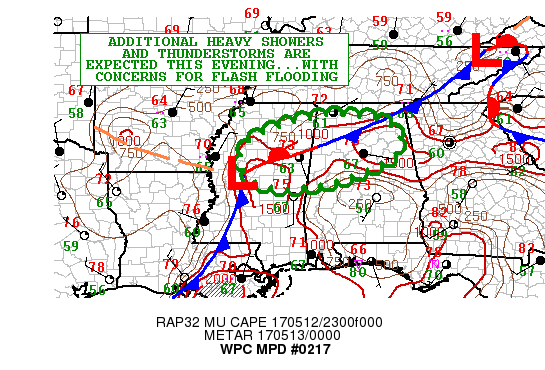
AREAS AFFECTED...NORTHERN MS...NORTHERN AL

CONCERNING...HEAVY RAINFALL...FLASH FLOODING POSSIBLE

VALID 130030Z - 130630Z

SUMMARY...SLOW-MOVING THUNDERSTORMS WITH HEAVY RAINFALL RATES UP
TO 2 INCHES/HR WILL CAUSE SOME CONCERNS FOR FLASH FLOODING THROUGH
THE EVENING HOURS.

DISCUSSION...NUMEROUS SHOWERS AND THUNDERSTORMS ARE FOCUSING NEAR
A QUASI-STATIONARY FRONT OVER NORTHERN MS AND OUT AHEAD OF THE
APPROACHING COMPACT MID LEVEL LOW CENTER NOW EXITING AR AND MOVING
INTO MS. MLCAPE VALUES ARE GENERALLY NEAR 1000 J/KG ALONG THE
AFOREMENTIONED FRONT WHICH EXTENDS EAST-NORTHEAST INTO NORTHERN AL
AS WELL. MID AND UPPER LEVEL DYNAMICAL FORCING ASSOCIATED WITH THE
APPROACHING HEIGHT FALLS IS RATHER WELL ESTABLISHED OVER THE
REGION...AND THIS ENERGY INTERACTING WITH THE MOIST AND UNSTABLE
AIRMASS POOLED ALONG THE FRONT WILL CONTINUE TO FOSTER ADDITIONAL
THUNDERSTORMS OVER THE NEXT SEVERAL HOURS.

PWATS OF AROUND 1.5 INCHES AND THE AFOREMENTIONED INSTABILITY WILL
FAVOR RAINFALL RATES AS HIGH AS 2 INCHES/HR...BUT THE BIGGER
CONCERN IS THE SLOW MOVEMENT OF THE CELLS GIVEN THE RELATIVELY
WEAK STEERING FLOW. THIS WILL ENCOURAGE HEAVY RAINFALL TOTALS
THROUGH THE EVENING. THE LATEST HRRR GUIDANCE STRONGLY SUPPORTS
CONVECTION BECOMING RATHER CONCENTRATED ALONG THE STATIONARY FRONT
EAST OF THE SURFACE LOW CENTER. THE INITIAL CONVECTION FOCUSED
OVER NORTHERN MS WILL GRADUALLY SHIFT EAST INTO NORTHERN AL LATE
THIS EVENING. AS SUPPORTED BY THE HRRR...RAINFALL TOTALS OF 2 TO 4
INCHES...AND ISOLATED TOTALS NEAR 5 INCHES CAN BE EXPECTED THROUGH
06Z. THIS WILL RESULT IN CONCERNS FOR FLASH FLOODING AND
PARTICULARLY OVER URBAN AREAS.